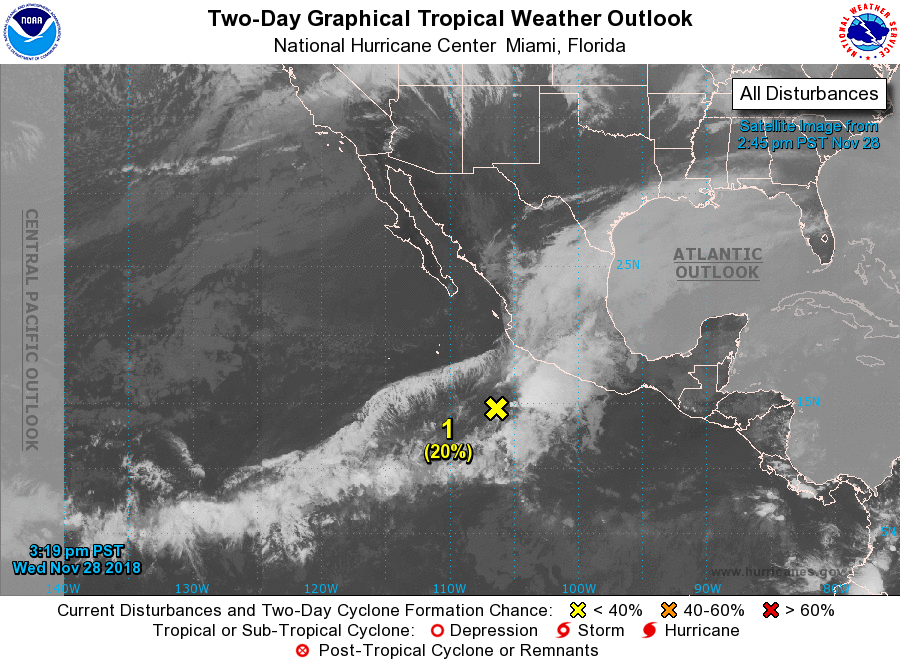
For the eastern North Pacific...east of 140 degrees west longitude:

1. Showers and thunderstorms associated with an elongated low pressure area centered about 325 miles south-southwest of Manzanillo, Mexico, have become less organized since yesterday, and further development of this system is not likely due to strong upper-level winds. However, shower activity associated with the disturbance is forecast to move toward southwestern Mexico today through Thursday, bringing locally heavy rainfall and gusty winds to portions of the Mexican states of Guerrero, Michoacan, Colima and Jalisco. These rains could result in life-threatening flash floods and mudslides.
* Formation chance through 48 hours...low...20 percent.
* Formation chance through 5 days...low...20 percent.

Forecaster Blake